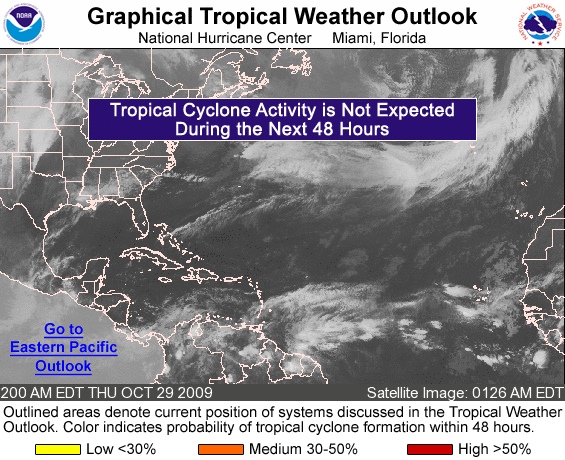
FOR THE NORTH ATLANTIC...CARIBBEAN SEA AND THE GULF OF MEXICO...

TROPICAL CYCLONE FORMATION IS NOT EXPECTED DURING THE NEXT 48 HOURS.

FORECASTER BERG